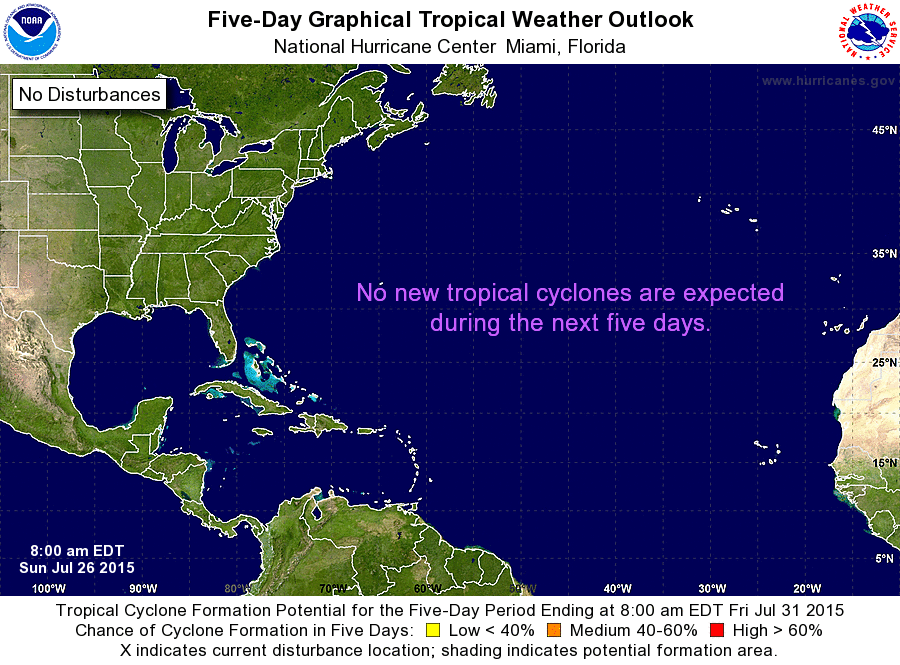
For the North Atlantic...Caribbean Sea and the Gulf of Mexico:

Tropical cyclone formation is not expected during the next 5 days.

Forecaster Stewart